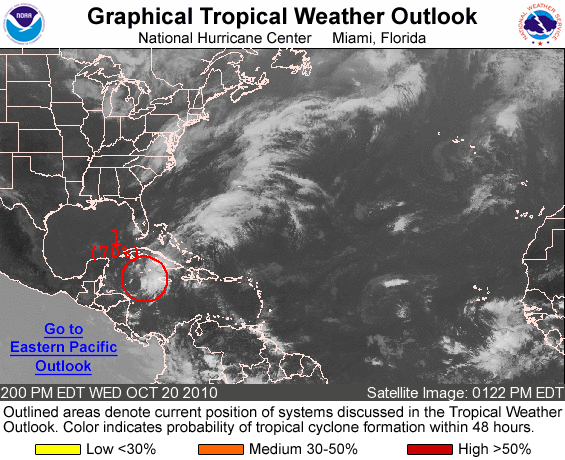
FOR THE NORTH ATLANTIC...CARIBBEAN SEA AND THE GULF OF MEXICO...

1. SATELLITE IMAGERY AND DATA FROM AN AIR FORCE RESERVE RECONNAISSANCE AIRCRAFT INDICATE THE LOW PRESSURE SYSTEM CENTERED ABOUT 160 MILES SOUTHWEST OF GRAND CAYMAN HAS CHANGED LITTLE THIS AFTERNOON. ALTHOUGH ENVIRONMENTAL CONDITIONS ARE ONLY MARGINALLY CONDUCIVE FOR DEVELOPMENT...CONDITIONS ARE EXPECTED TO BECOME SOMEWHAT MORE FAVORABLE FOR A TROPICAL DEPRESSION TO FORM DURING THE NEXT DAY OR SO. THERE IS A HIGH CHANCE...70 PERCENT...OF THIS SYSTEM BECOMING A TROPICAL CYCLONE DURING THE NEXT 48 HOURS AS IT DRIFTS TO THE SOUTH OR SOUTHEAST. INTERESTS IN THE NORTHWESTERN CARIBBEAN SEA SHOULD CONTINUE TO MONITOR THE PROGRESS OF THIS DISTURBANCE. REGARDLESS OF DEVELOPMENT...HEAVY RAINFALL IS POSSIBLE OVER THE CAYMAN ISLANDS AND JAMAICA DURING THE NEXT COUPLE OF DAYS.

ELSEWHERE...TROPICAL CYCLONE FORMATION IS NOT EXPECTED DURING THE NEXT 48 HOURS.

FORECASTER CANGIALOSI/STEWART